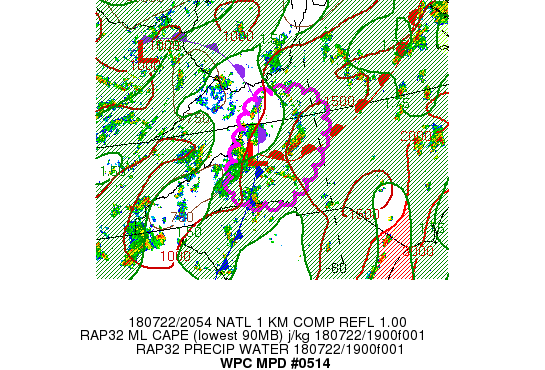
AREAS AFFECTED...WESTERN NC...EXT SOUTHWEST VA

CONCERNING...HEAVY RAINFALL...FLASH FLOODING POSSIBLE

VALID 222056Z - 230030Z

SUMMARY...SLOW MOVING CELLS W/BACKBUILDING NEAR SFC TRIPLE POINT
POSE LOCAL FLASH FLOODING RISK THIS EVENING.

DISCUSSION...20Z SFC ANALYSIS DEPICTS THE TRIPLE POINT VERY NEAR
KHKY CONNECTING TO A STATIONARY OR SLIGHTLY SAGGING WARM FRONT
RETROGRADING IN RESPONSE TO SHORTWAVE ENERGY CROSSING THE
CUMBERLAND PLATEAU AND DEEPENING THE SURFACE WAVE.  AN OCCLUSION
EXTENDS NORTHWARD TO THE MAIN CENTER OF THE SYNOPTIC UPPER LOW IN
NE KY.  IN RESPONSE TO PRESSURE FALLS, THE BACKING FLOW HAS BEGUN
TO ADVECT DEEPER MORE UNSTABLE AIR WESTWARD WITH TEMPS IN THE
MID-80S AND TDS NEARING THE MID TO UPPER 60S ALLOWING FOR MLCAPES
TO NEAR 1250-1500 J/KG.  STRONG MOISTURE CONVERGENCE ALONG THE
FRONTAL BOUNDARY WITH THE ISALLOBARIC RESPONSE HAS DEVELOPED
CONVECTION NEAR GSO THAT ALSO IS BACKBUILDING WESTWARD SLOWLY.
GIVEN THE COL IN THE MID-LEVEL FLOW WITH THE SHORTWAVE SLIPPING
SSE OUT OF THE CUMBERLAND PLATEAU...CELL MOTIONS HAVE BECOME
NEARLY STATIONARY OR SLIGHTLY CONVERGENT TO THE ISALLOBARIC
RESPONSE ALLOWING FOR CONCENTRATED RAINFALL TOTALS AND POSING THE
LOCAL FLASH FLOODING RISK...THOUGH WOULD SHIFT NORTHWARD SLOWLY IF
AT ALL.  GIVEN THE DEPTH OF MOISTURE, INSTABILITY...RAIN RATES OF
1.5-2"/HR ARE LIKELY POSING 2-4" TOTALS ESPECIALLY AT THE TRIPLE
POINT OR INTERSECTION WITH THE WARM FRONT AND INTO THE TROWAL INTO
SW VA.